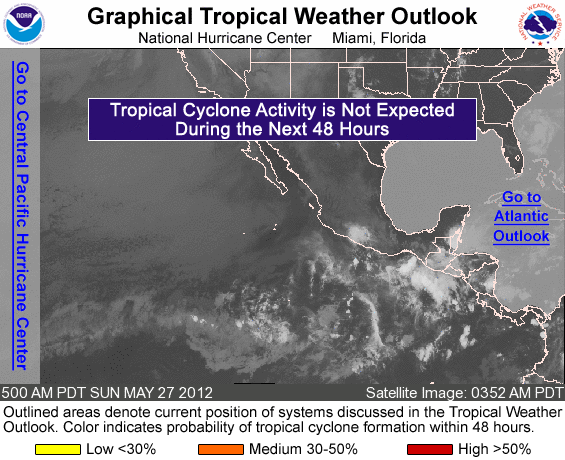
FOR THE EASTERN NORTH PACIFIC...EAST OF 140 DEGREES WEST LONGITUDE..

TROPICAL CYCLONE FORMATION IS NOT EXPECTED DURING THE NEXT 48 HOURS.

FORECASTER BROWN